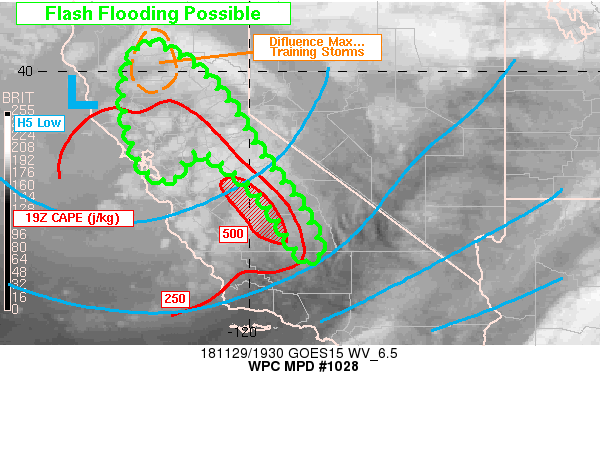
Areas affected...NRN CA...CENTRAL CA

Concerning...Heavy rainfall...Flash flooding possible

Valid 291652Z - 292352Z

Summary...As a cold upper low moves ashore, instability and deep
layer lift will support convective rainfall with local half to
three-quarter inch per hour rates. This will maintain a flash
flood risk, particularly near fresh burn scars.

Discussion...At 1630Z satellite and radar imagery depicted a
broken band of convectively driven showers and a few embedded
distinct convective cores over northern California from the Bay
area up to the northern end of the Sacramento Valley. This was
occurring immediately ahead of a cold upper low with 500-mb temps
about -25 C. The low will progress eastward, with a fairly strong
rise/fall couplet in the omega (lift) field per RAP forecasts and
also evidenced by subsidence / erosion of mid level clouds
offshore to the west of the trough axis in satellite imagery.

Upper difluence will be maximized just northeast of the compact
upper low center, and this setup, particularly in the N-S oriented
Sacramento Valley, will encourage strong low level convergence to
support concentrated moderate and locally heavy rainfall with some
potential for training - as was already seen in radar loops from
KBBX.

By 18Z the lobe of forcing ahead of the upper low should reach the
Central Valley and Sierra foothills farther south. Hi-res models
such as the HRRR and 12Z WRF-ARW are strongly suggestive of
relatively robust convection in these areas today as the cold air
aloft moves into areas characterized by lower 50s surface
dewpoints. Forecasts generally bring MUCAPE values up to at least
a few hundred J/kg and perhaps greater than 500 J/kg down over the
San Joaquin Valley and adjacent foothills. There are enough
favorable ingredients for flash flooding, such as slow cell
motions near the upper low and sustained ascent and terrain
influences farther south, such that moderate rain rates may be
repeated at a few locations during a 1 to 2 hour period. This will
lead to some potential for flash flooding, especially in
vulnerable areas like recent burn scars.